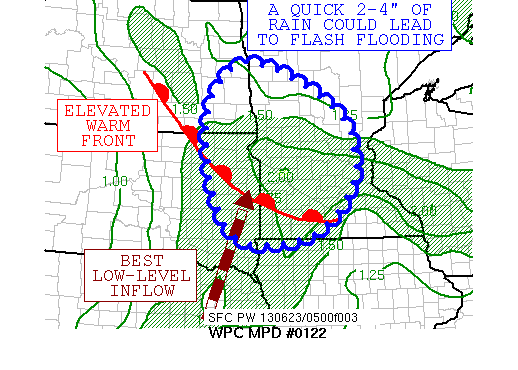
AREAS AFFECTED...EASTERN SD...SOUTHEAST ND...WESTERN MN

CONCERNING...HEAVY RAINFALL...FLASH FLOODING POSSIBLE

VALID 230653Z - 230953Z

SUMMARY...A BATCH OF THUNDERSTORMS WITH MODERATE TO HEAVY RAINFALL
IS EXPECTED TO MOVE NORTHEAST ACROSS THE REGION, AND COULD PRODUCE
FLASH FLOODING.

DISCUSSION...AN AMORPHOUS BLOB OF ELEVATED THUNDERSTORMS IS MOVING
NORTHEAST THROUGH EASTERN SD INTO SOUTHWEST MN AND FAR SOUTHEAST
ND, DRIVEN BY AN ELEVATED WARM FRONT.  CLOUD TOPS ARE COOLING IN
ASSOCIATION WITH THIS THUNDERSTORM COMPLEX, AND THE AREA REMAINS
DIVERGENT ALOFT EAST OF AN UPPER LEVEL LOW MOVING ACROSS SOUTHEAST
MT.  PRECIPITABLE WATER VALUES REMAIN BETWEEN 1.75 AND 2 INCHES,
WHICH ARE WELL ABOVE NORMAL FOR THIS REGION IN JUNE.  WHILE THERE
ARE NO ORGANIZED BANDS CURRENTLY ASSOCIATED WITH THIS SYSTEM, IT
IS MOVING INTO AN AREA OF LOW FLASH FLOOD GUIDANCE VALUES, WHICH
ARE JUST ABOVE 1.5 INCHES IN THREE HOURS.  THE THUNDERSTORM REGION
IS ALSO BEING FED BY AN IMPRESSIVE 55 KNOT LOW-LEVEL JET, WHICH
SHOULD MAINTAIN ITS INTEGRITY/ORGANIZATION FOR THE NEXT FEW HOURS.
 CONSIDERING THE SIZE OF THE THUNDERSTORM AREA, LOCAL AMOUNTS OF
2-4 INCHES ARE POSSIBLE IN PLACES THAT THE COMPLEX MOVES OVER,
WHICH WOULD CAUSE FLASH FLOODING ON A LOCAL BASIS.  REGIONAL FLASH
FLOODING IS POSSIBLE WITHIN THE SCALLOPED AREA.